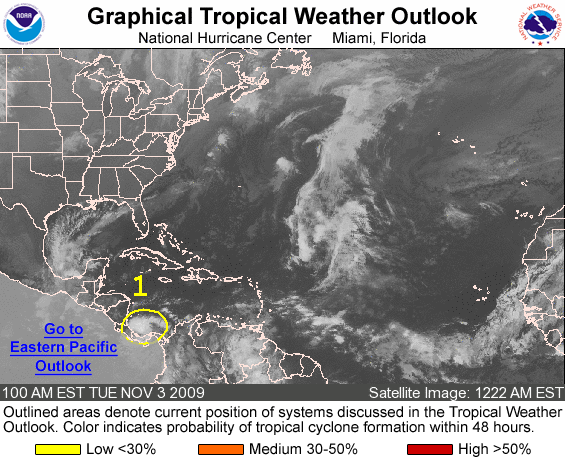
FOR THE NORTH ATLANTIC...CARIBBEAN SEA AND THE GULF OF MEXICO...

1. DISORGANIZED SHOWER AND THUNDERSTORM ACTIVITY OVER THE EXTREME SOUTHWESTERN CARIBBEAN SEA IS ASSOCIATED WITH A TROUGH OF LOW PRESSURE. SOME SLOW DEVELOPMENT IS POSSIBLE AS THIS SYSTEM MOVES VERY LITTLE OVER THE NEXT COUPLE OF DAYS. THERE IS A LOW CHANCE...LESS THAN 30 PERCENT...OF THIS SYSTEM BECOMING A TROPICAL CYCLONE DURING THE NEXT 48 HOURS.

ELSEWHERE...TROPICAL CYCLONE FORMATION IS NOT EXPECTED DURING THE NEXT 48 HOURS.

FORECASTER BERG